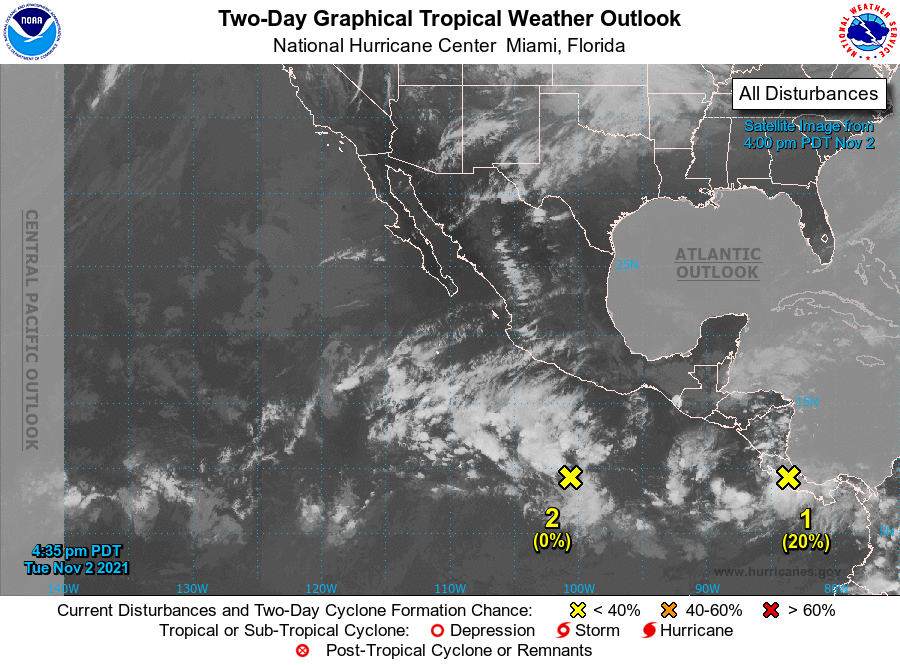
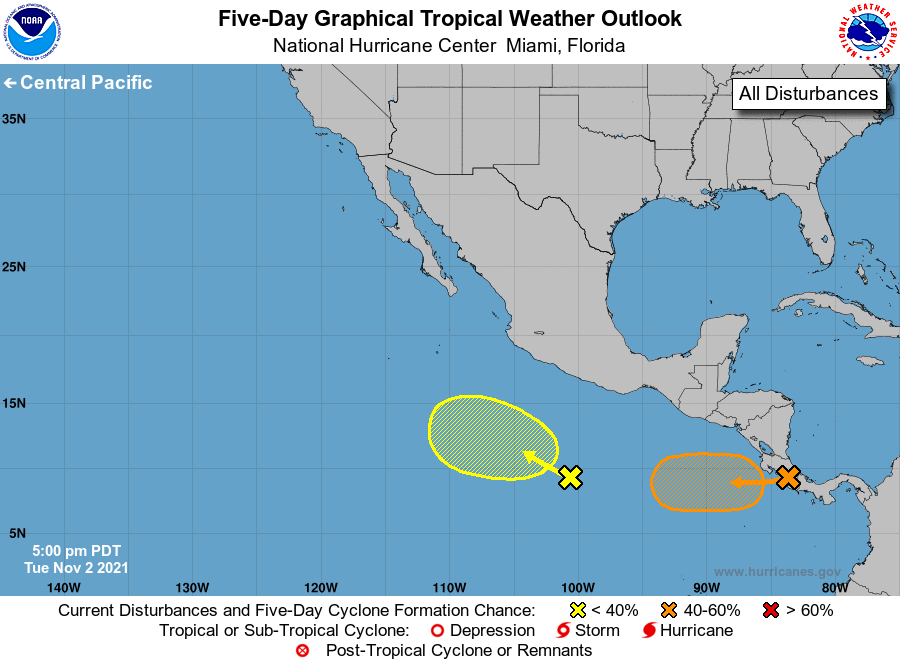
For the eastern North Pacific...east of 140 degrees west longitude:

1. An elongated area of low pressure located over Costa Rica is forecast to emerge over the far eastern Pacific waters on Wednesday. Environmental conditions are expected to be conducive for gradual development, and a tropical depression could form well south or southeast of the coast of southeastern Mexico late this week or this weekend. Regardless of development, the system is expected to produce locally heavy rainfall across portions of southern Nicaragua, Costa Rica, and Panama through Wednesday, which could result in flooding and mudslides.
* Formation chance through 48 hours...low...20 percent.
* Formation chance through 5 days...medium...50 percent.

2. An area of disturbed weather has formed several hundred miles south of Acapulco, Mexico. Some slow development of this system is possible during the next several days while it moves westward to west-northwestward at 5 to 10 mph well to the south of the southern coast of Mexico.
* Formation chance through 48 hours...low...near 0 percent.
* Formation chance through 5 days...low...30 percent.

Forecaster Brown